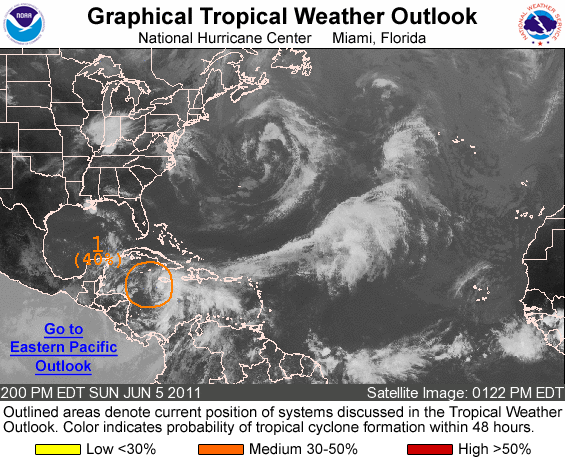
FOR THE NORTH ATLANTIC...CARIBBEAN SEA AND THE GULF OF MEXICO...

1. THUNDERSTORM ACTIVITY HAS BECOME A LITTLE BETTER ORGANIZED IN ASSOCIATION WITH A BROAD LOW PRESSURE SYSTEM LOCATED ABOUT 150 MILES SOUTHWEST OF JAMAICA. ALTHOUGH SURFACE PRESSURES ARE ONLY SLOWLY DECREASING...SOME GRADUAL DEVELOPMENT OF THIS LARGE DISTURBANCE IS POSSIBLE OVER THE NEXT COUPLE OF DAYS AS WINDS IN THE MIDDLE LEVELS OF THE ATMOSPHERE BRIEFLY BECOME SOMEWHAT FAVORABLE. THERE IS A MEDIUM CHANCE...40 PERCENT...OF THIS SYSTEM BECOMING A TROPICAL CYCLONE DURING THE NEXT 48 HOURS. AN AIR FORCE RESERVE RECONNAISSANCE AIRCRAFT IS SCHEDULED TO INVESTIGATE THE LOW PRESSURE AREA MONDAY AFTERNOON...IF NECESSARY. REGARDLESS OF DEVELOPMENT...HEAVY RAINS COULD CAUSE FLASH FLOODS AND MUD SLIDES OVER PORTIONS OF HAITI AND JAMAICA AS THE SYSTEM MOVES SLOWLY TOWARD THE NORTHWEST OR NORTH OVER THE NEXT FEW DAYS.

ELSEWHERE...TROPICAL CYCLONE FORMATION IS NOT EXPECTED DURING THE NEXT 48 HOURS.

FORECASTER STEWART